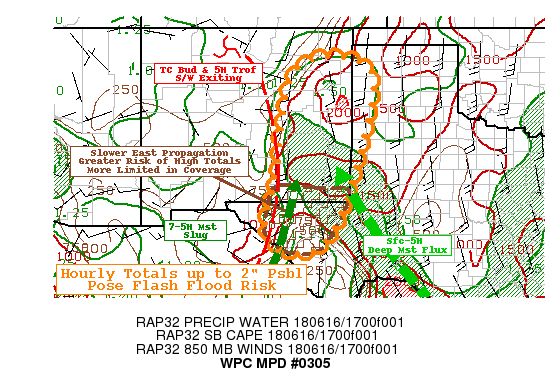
AREAS AFFECTED...EASTERN NM...WESTERN TX...

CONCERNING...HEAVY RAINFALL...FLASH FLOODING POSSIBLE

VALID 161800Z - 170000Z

SUMMARY...HIGHLY ANOMALOUS DEEP MOISTURE FOR EFFICIENT RAIN
PRODUCTION WITH SOME N-S EMBEDDED REPEATING MAY SUPPORT LOCALIZED
FLASH FLOODING RISK THROUGH THE AFTERNOON/EARLY EVENING.

DISCUSSION...GOES-16 WV SUITE DENOTE MID-LEVEL REMNANT CORE OF
TROPICAL CYCLONE BUD HAS LIFTED INTO NORTH CENTRAL NM WITH DRAPED
N-S ORIENTED TROF EXTENDING TOWARD THE THE WESTERN PORTIONS OF THE
WEST TX PANHANDLE.  CIRA LPW SUITE ALSO DENOTE A LOCALIZED 7-5H
MOISTURE SLUG ALONG THIS AXIS ACROSS NORTHERN CHIHUAHUA INTO S
NM/W TX...WHILE REMAINING LAYERS SHOW SSE TO NNW ORIENTED BAND
FROM THE RIO GRANDE VALLEY EAST OF THE BIG BEND TOWARD EASTERN NM.
 AS SUCH TROPICAL SKINNY PROFILES ARE NOTED BY 12Z EPZ SOUNDING
SUPPORTING TPW OVER 1.5" NEARING 1.75" (4-5 STD DEVS FROM NORMAL)
IN SE NM LIKELY TO EXPAND AS THE 7-5H MOISTURE SLUG LIFTS
NORTHEAST.  STRONG DAYTIME HEATING AS ALLOWED TEMPS TO REACH MID
80S WITH TDS IN THE MID TO OCCASIONAL UPPER 60S SUPPORTING SBCAPES
TO 2000 J/KG LIKELY TO INCREASE WITH FURTHER HEATING OVER FAR E NM
INTO TX CAP ROCK/PERMIAN BASIN.

WITH PASSING OF TROF, LOW LEVEL WINDS HAVE VEERED A BIT TO THE
WEST TO INCREASE LOW LEVEL CONVERGENCE WITH SSELY 20 KT SFC FLOW
TO SUPPORT CONVECTIVE DEVELOPMENT FROM EDDY COUNTY TO GUADALUPE
COUNTY. GIVEN CURRENT INSTABILITY...CELLS ARE STILL A BIT NARROW
BUT CONTINUE TO EXPAND.  DEEP LAYERED SOUTHERLY FLOW EXISTS TO
SUPPORT 20-30KT MEAN NORTHERLY CELL MOTIONS. HOWEVER, WITH
SLIGHTLY STRONGER LL INFLOW, PROPAGATION VECTORS ARE DUE EASTERLY
LIMITING IDEAL TRAINING SETUP BUT WITH SOUTHERLY
BACKBUILDING...DURATION MAY BE LONG ENOUGH TO SUPPORT LOCALIZED
HIGHER TOTALS BEFORE LINE BECOMES A BIT MORE SOLID N TO S.

THOUGH UPPER LEVEL SHORTWAVE ASSOCIATED WITH BUD IS
EXITING...UPSTREAM LARGER SCALE KICKER SHORTWAVE OVER NW SONORA IN
MEXICO WILL HELP EXPAND UPPER LEVEL FLOW TO AID DIVERGENCE FOR
COMPLEX MAINTENANCE AS WELL AS WELL AS STRENGTHEN LOW LEVEL FLOW
FOR ADDITIONAL BACKBUILDING.  IT IS ALONG THE SOUTHERN FLANK OF
THE LINE WITH LOWERED MEAN FLOW/INFLUENCE FROM THE EXITING WAVE
THAT WILL ALSO SUPPORT REDUCING EASTWARD PROPAGATION VECTORS WITH
TIME, LEADING TO INCREASED DURATION AND POTENTIAL FOR FLASH
FLOODING IN SE NM/W TX THOUGH SOUTHERN MOST EXTENT REMAINS
UNCERTAIN AT THIS TIME.

THOUGH GROUND CONDITIONS ARE HARD AND FFG VALUES ARE VERY HIGH
(ESPECIALLY IN SE NM)...WITH RATES UP TO 1.75" OR ISOLATED 2"/HR
PARTICULARLY TOWARD 21-22Z TIME FRAME COULD SUPPORT FLASH FLOODING
GIVEN HYDROPHOBIC NATURE OF HARD PAN GROUND CONDITIONS.   STILL
WITH ALL THE METEOROLOGICAL POSITIVES...THE HYDROLOGIC FACTORS
ONLY SUGGESTS FLASH FLOODING IS POSSIBLE AT THIS TIME.